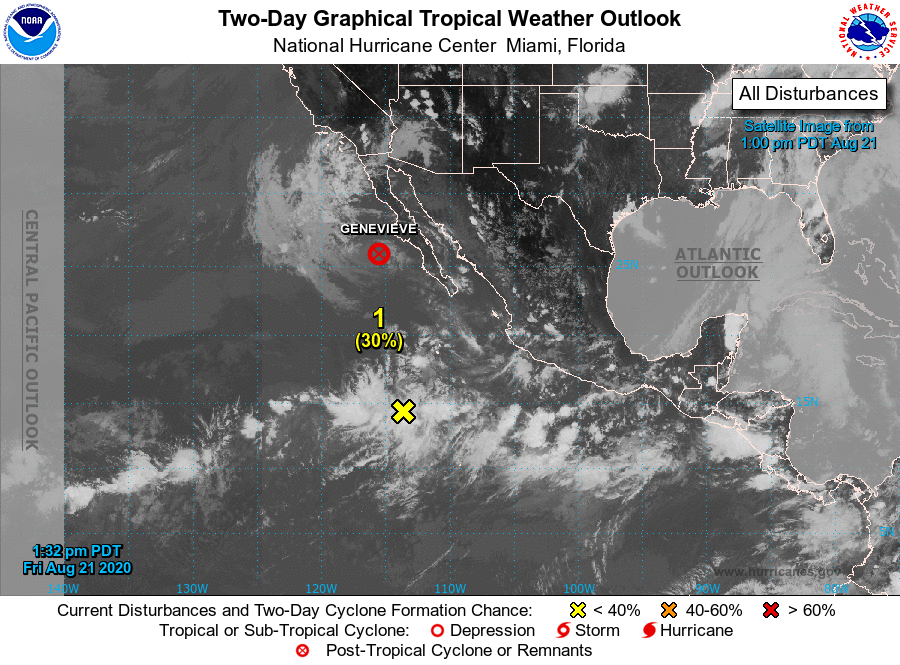
For the eastern North Pacific...east of 140 degrees west longitude:

The National Hurricane Center is issuing advisories on Tropical Storm Genevieve, located a couple of hundred miles west of Cabo San Lazaro, Mexico.

1. An elongated area of low pressure located several hundred miles south-southwest of the southern tip of the Baja California peninsula is producing a large area of disorganized cloudiness and thunderstorms. Conditions appear favorable for some gradual development of this system, and a tropical depression is likely to form during the early to middle part of next week while it moves little.
* Formation chance through 48 hours...low...30 percent.
* Formation chance through 5 days...high...70 percent.

2. Another area of low pressure is likely to form south of the Gulf of Tehuantepec early next week. Some slow development of this system is possible thereafter while it drifts northwestward or northward.
* Formation chance through 48 hours...low...near 0 percent.
* Formation chance through 5 days...low...30 percent.

Forecaster Brown